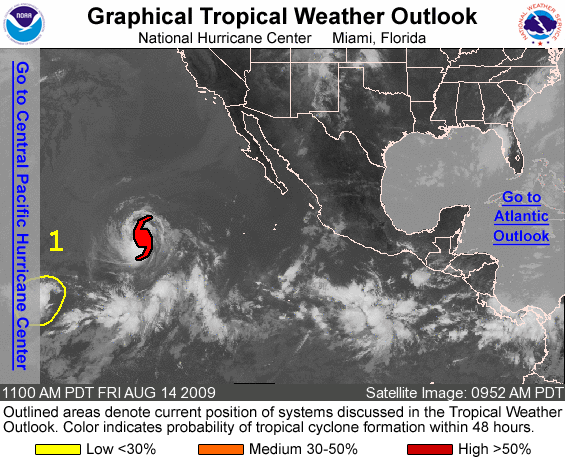
FOR THE EASTERN NORTH PACIFIC...EAST OF 140 DEGREES WEST LONGITUDE..

THE NATIONAL HURRICANE CENTER IS ISSUING ADVISORIES ON HURRICANE GUILLERMO...LOCATED ABOUT 1230 MILES WEST-SOUTHWEST OF THE SOUTHERN TIP OF BAJA CALIFORNIA.

1. THE REMNANT LOW OF TROPICAL DEPRESSION NINE-E IS LOCATED ABOUT 1220 MILES EAST-SOUTHEAST OF THE HAWAIIAN ISLANDS. SHOWERS AND THUNDERSTORMS ASSOCIATED WITH THIS SYSTEM REMAIN DISORGANIZED...AND THE SYSTEM IS BECOMING EMBEDDED IN THE INTERTROPICAL CONVERGENCE ZONE. FOR NOW...REGENERATION APPEARS LESS LIKELY...AND THERE IS A LOW CHANCE...LESS THAN 30 PERCENT...OF THIS SYSTEM BECOMING A TROPICAL CYCLONE DURING THE NEXT 48 HOURS.

ELSEWHERE...TROPICAL CYCLONE FORMATION IS NOT EXPECTED DURING THE NEXT 48 HOURS.

FORECASTER ROBERTS/BEVEN